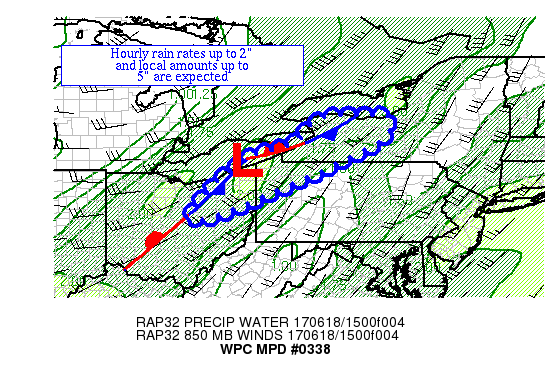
AREAS AFFECTED...NORTHEAST OH, NORTHWEST PA, & WESTERN NY

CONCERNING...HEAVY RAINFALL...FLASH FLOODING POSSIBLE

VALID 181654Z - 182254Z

SUMMARY...SHOWERS AND THUNDERSTORMS ARE BEGINNING TO FIRE ACROSS
THE REGION NEAR MESOSCALE BOUNDARIES.  HOURLY RAIN RATES UP TO 2",
WITH LOCAL AMOUNTS UP TO 5", ARE EXPECTED.

DISCUSSION...THE LATEST EXPERIMENTAL GOES-16 IMAGERY SHOWS
TOWERING CUMULI ACROSS NORTHEAST OH, NORTHWEST PA, AND OVER LAKE
ERIE WEST OF NY.  THIS IS OCCURRING NEAR A MESOSCALE FRONTAL
WAVE/OUTFLOW BOUNDARY LEFT OVER FROM OVERNIGHT AND EARLY MORNING
THUNDERSTORMS.  A DEEP-LAYERED CYCLONE ACROSS NORTHERN LAKE
MICHIGAN IS PROVIDING THE DIVERGENCE ALOFT.  MLCAPE VALUES ARE
1000-1500 J/KG, WELL AHEAD OF WHAT IS NORMALLY SEEN IN THIS REGION
AT THIS TIME OF DAY.  INFLOW AT 850 HPA IS SOUTHWEST AT 25-35 KTS
PER VAD WIND PROFILES.  GPS PRECIPITABLE WATER DATA INDICATE
VALUES HAVE RISEN TO 1.4-1.8" AS OF 15Z.  EFFECTIVE BULK SHEAR IS
25-35 KTS.

WITH PARTLY CLOUDY SKIES IN THE REGION, MLCAPE VALUES COULD RISE
ANOTHER 500-1000 J/KG WITH TIME.  PRECIPITABLE WATER VALUES SHOULD
CONTINUE TO INCREASE TO NEAR 2", WHICH IS APPROACHING 3 SIGMAS
ABOVE THE MEAN FOR MID JUNE.  THE AVAILABLE BULK SHEAR WORKING IN
CONCERT WITH FAIRLY UNIDIRECTIONAL FLOW UP TO 300 HPA (PER THE 12Z
BUFFALO NY SOUNDING) SHOULD ORGANIZE TRAINING BANDS OF CONVECTION,
WHICH MAY ATTEMPT TO FORWARD PROPAGATE EASTWARD INTO THE
INSTABILITY WITH TIME, MAINLY AFTER 21Z.  RAP MASS FIELDS SHOW A
COUPLE ZONES OF CONVERGENCE MOVING THROUGH THE REGION OVER THE
NEXT SIX HOURS, IMPLYING MORE THAN ONE ROUND OF CONVECTION.  THE
MESOSCALE GUIDANCE BULKED UP THEIR EXPECTATIONS IN THEIR 12Z RUNS,
AND PRESENT A NEARLY UNIFIED MESSAGE OF 3-5" OF RAIN LOCALLY
THROUGH 23Z (HRRR RUNS WERE ON THE LOW END OF THE GUIDANCE).
HOURLY RAIN RATES UP TO 2", WITH LOCAL AMOUNTS UP TO 5" ARE
POSSIBLE OVER AN AREA WITH MODEST FLASH FLOOD GUIDANCE.  FLASH
FLOODING IS A CONCERN.